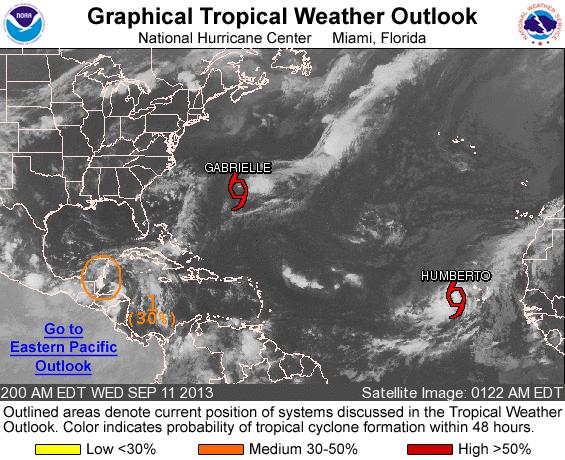
FOR THE NORTH ATLANTIC...CARIBBEAN SEA AND THE GULF OF MEXICO...

THE NATIONAL HURRICANE CENTER IS ISSUING ADVISORIES ON TROPICAL STORM HUMBERTO...LOCATED A FEW HUNDRED MILES WEST OF THE CAPE VERDE ISLANDS...AND ON TROPICAL STORM GABRIELLE...LOCATED NEAR BERMUDA.

1. A TROUGH OF LOW PRESSURE ALONG THE COAST OF THE YUCATAN PENINSULA AND BELIZE IS PRODUCING DISORGANIZED SHOWERS AND THUNDERSTORMS. THE TROUGH SHOULD MOVE OVER LAND TODAY AND ENTER THE BAY OF CAMPECHE ON THURSDAY. SOME DEVELOPMENT IS POSSIBLE AFTER THE SYSTEM EMERGES OVER WATER...AND THIS SYSTEM HAS A MEDIUM CHANCE... 30 PERCENT...OF BECOMING A TROPICAL CYCLONE DURING THE NEXT 48 HOURS. ASSUMING THE SYSTEM REMAINS OFFSHORE... UPPER-LEVEL WINDS SHOULD BE CONDUCIVE FOR THE FORMATION OF A TROPICAL DEPRESSION OVER THE SOUTHWESTERN GULF OF MEXICO LATER IN THE WEEK...AND THIS SYSTEM HAS A HIGH CHANCE...70 PERCENT...OF BECOMING A TROPICAL CYCLONE DURING THE NEXT 5 DAYS. LOCALLY HEAVY RAINS AND GUSTY WINDS ARE POSSIBLE OVER BELIZE...GUATEMALA...AND THE YUCATAN PENINSULA OF MEXICO DURING THE NEXT DAY OR TWO.

FIVE-DAY FORMATION PROBABILITIES ARE EXPERIMENTAL IN 2013. COMMENTS ON THE EXPERIMENTAL FORECASTS CAN BE PROVIDED AT...

HTTP://WWW.NWS.NOAA.GOV/SURVEY/NWS-SURVEY.PHP?CODE=ETWO

FORECASTER BLAKE